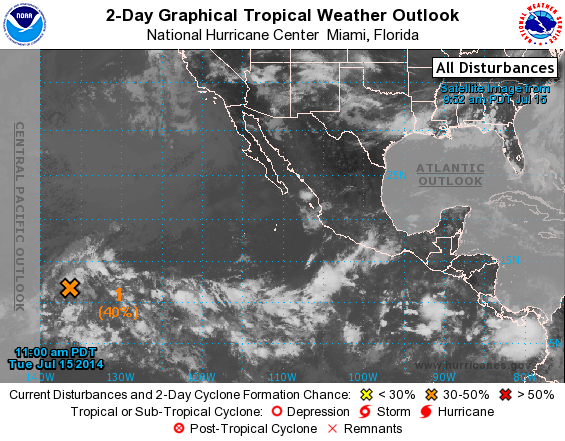
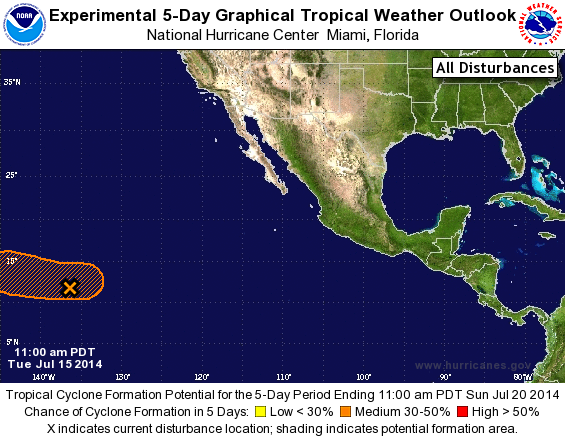
For the eastern North Pacific...east of 140 degrees west longitude:

1. Shower activity associated with an area of low pressure located about 1325 miles east-southeast of the Big Island of Hawaii has become less organized today. It appears that the environmental conditions have become a little less favorable for development today. This system, however, could still become a tropical depression during the next couple of days. After that time, upper-level winds are forecast to become unfavorable for development. This low is expected to move toward the west or west-northwest at 10 to 15 mph and move into the central Pacific Basin late on Wednesday.
* Formation chance through 48 hours...medium...40 percent.
* Formation chance through 5 days...medium...50 percent.

Forecaster Avila